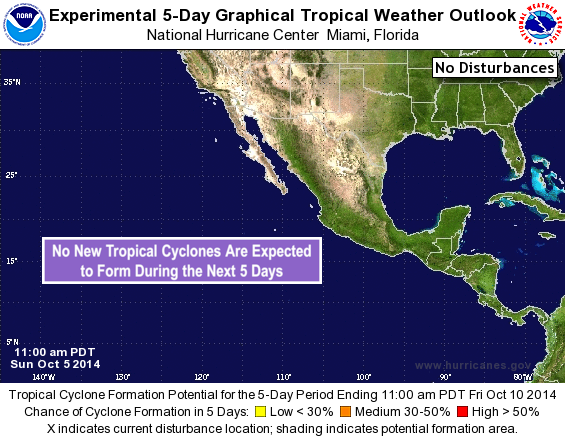
For the eastern North Pacific...east of 140 degrees west longitude:

The National Hurricane Center is issuing advisories on Hurricane Simon, located a few hundred miles west of the southern tip of the Baja California peninsula.

Tropical cyclone formation is not expected during the next 5 days.

Forecaster Kimberlain